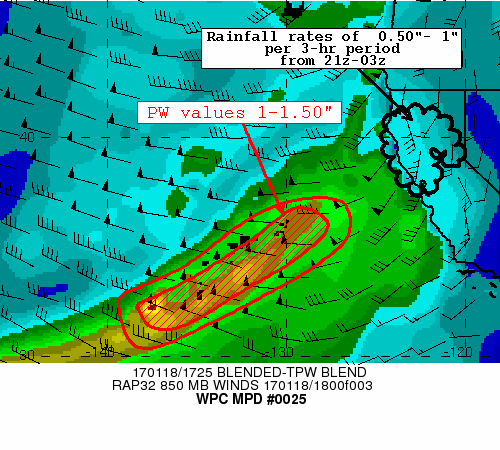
AREAS AFFECTED...NORTHERN AND CENTRAL CALIFORNIA COASTAL
RANGE/SIERRA NEVADA

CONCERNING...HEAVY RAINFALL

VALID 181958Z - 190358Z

SUMMARY...A STRONG ATMOSPHERIC RIVER... WITH ITS ORIGINS OVER THE
CENTRAL PACIFIC...WILL PUSH NORTHEAST ACROSS NORTHERN AND CENTRAL
CA DURING THE AFTERNOON HOURS. A 55 TO 65 KNOT LOW LEVEL JET WILL
FOCUS THE DEEP MOISTURE PLUME ON THE FAVORED LOCATIONS IN THE
HIGHER TERRAIN...PRODUCING RAINFALL RATES OF 1/2 INCH OR GREATER.

DISCUSSION...THE LATEST WATER VAPOR IMAGE SHOWED A LOW LEVEL JET
OF A 55 T0 65 KT TRANSPORTING
A PLUME OF 750+ KG/M/S INTEGRATED MOISTURE TRANSPORT ACROSS THE
COASTAL RANGES OF NORTHERN AND CENTRAL CALIFORNIA. A 1940Z AMSU
PASS SHOWED PRECIPITABLE WATER VALUES ~1.5 INCHES IN THIS SAME
LOCATION. HIGH RES HREF SHOWING A HIGH PROBABILITY OF RAINFALL
RATES IN THE 0.50 TO 0.75" RANGE
IN THIS AREA FROM 21Z-03Z...CORRESPONDING TO THE HIGH PW, RICH
MOISTURE PLUME COMING ASHORE.

THE GREATEST HOURLY RATES ARE EXPECTED TO BE CONCENTRATED FROM THE
CA COASTAL RANGES SOUTH TO NAPA...EXTENDING INTO THE SACRAMENTO
VALLEY AFTER 00Z.

GIVEN THE WET ANTECEDENT CONDITIONS ACROSS NORTHERN CA DUE TO
HEAVY RAINFALL IN THE PAST TWO WEEKS...THE ADDITIONAL HEAVY RAIN
COULD RESULT IN RUNOFF ISSUES.